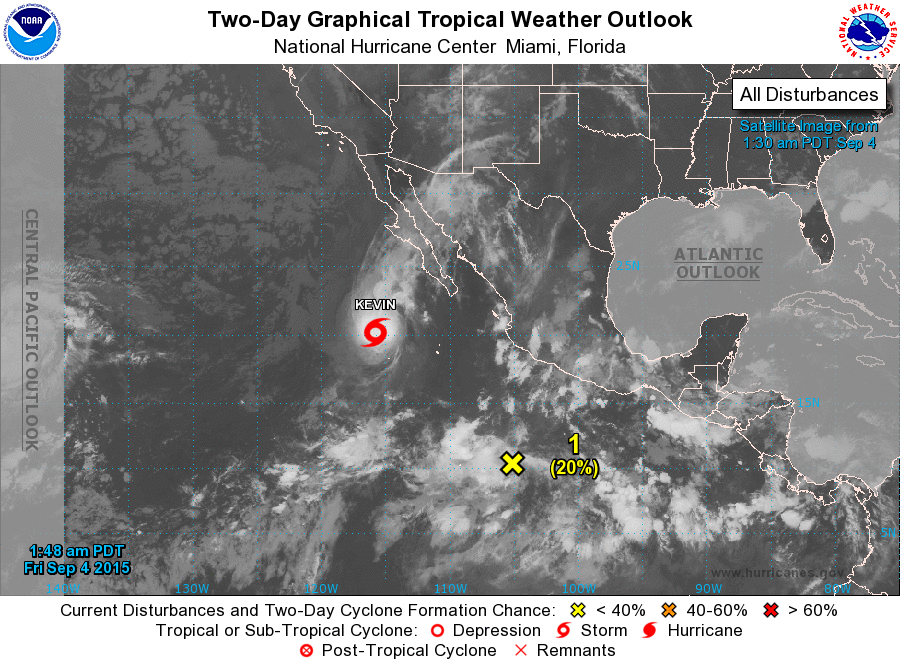
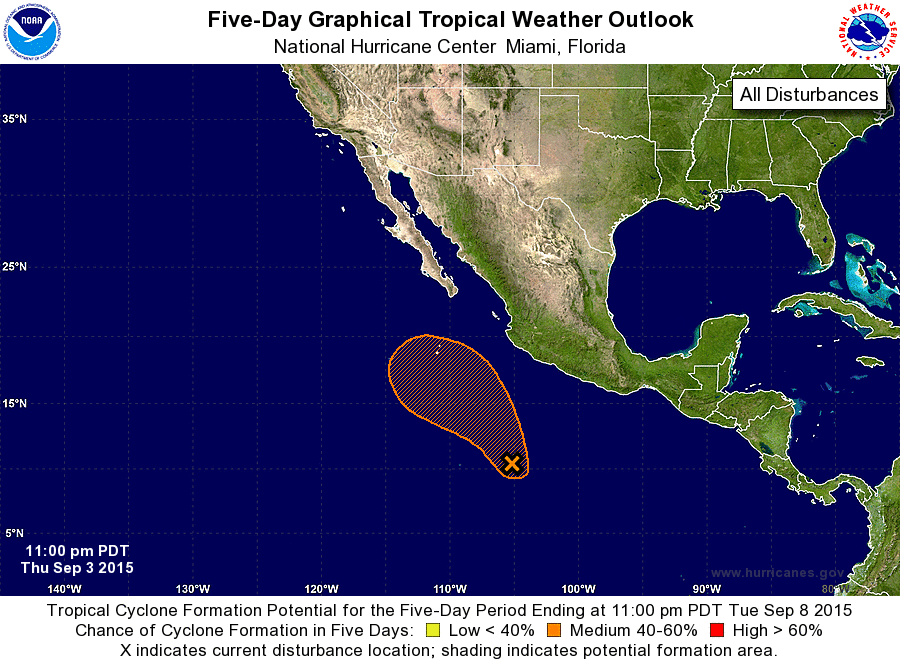
For the eastern North Pacific...east of 140 degrees west longitude:

The National Hurricane Center is issuing advisories on Tropical Storm Kevin, located a few hundred miles southwest of the southern tip of the Baja California peninsula.

1. A broad area of low pressure centered several hundred miles south of Manzanillo, Mexico is producing disorganized showers and thunderstorms. Strong upper-level winds over this system are expected to diminish over the weekend, which could allow for some development of this disturbance early next week while it moves generally northwestward at 5 to 10 mph offshore of the coast of Mexico.
* Formation chance through 48 hours...low...20 percent
* Formation chance through 5 days...medium...40 percent

Forecaster Beven